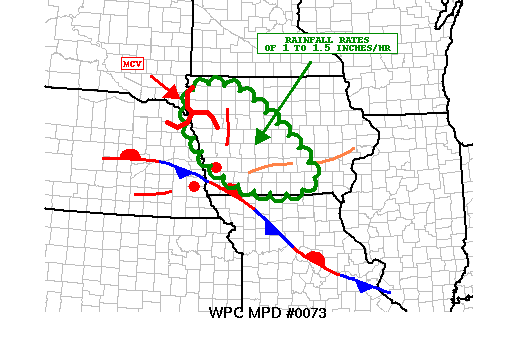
AREAS AFFECTED...NORTHWEST THROUGH SOUTH-CENTRAL IA

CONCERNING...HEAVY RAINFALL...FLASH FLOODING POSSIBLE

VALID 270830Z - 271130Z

SUMMARY...FORWARD PROPAGATING MCS PRODUCING INTENSE SHORT-TERM
RAINFALL RATES OF 1 TO 1.5 INCHES/HR. WILL BE MOVING OVER LOCALLY
SATURATED SOILS...AND SUPPORTING ADDITIONAL SHORT-TERM FLASH FLOOD
CONCERNS.

DISCUSSION...A STRONG MCS MOVING ACROSS FAR ERN NEB AND WRN IA
ATTM WILL CONTINUE TO ADVANCE GENERALLY SEWD OVER THE NEXT 2 TO 3
HOURS...ALTHOUGH THE NEB PORTION WILL BE TENDING TO BOW MORE SSEWD
AND REACHING NERN KS AND NWRN MO OVER THE NEXT HOUR OR SO AS IT
INTERACTS WITH THE LEADING EDGE OF GREATER INSTABILITY OVER THE
CNTRL PLAINS AND THE NOSE OF THE LOW LEVEL JET.  THE NRN PORTION
OF THE LINE TO THE WEST OF DSM IS PRODUCING VERY INTENSE RAINFALL
RATES...ON THE ORDER OF 1 TO 1.5 INCHES/HR...BUT WITH MOST OF THIS
OCCURRING IN ABOUT 15 TO 30 MINUTES. THIS PORTION OF THE MCS IS
ELEVATED...BUT IS BEING SUSTAINED BY MUCAPE VALUES OF 1000 TO 1500
J/KG. OVER THE NEXT FEW HOURS THIS PORTION OF THE LINE WILL BE
ENCOUNTERING GREATER STABILITY AS IT MOVES TWD SERN IA...AND SO
THERE SHOULD BE A WEAKENING TREND NOT LONG AFTER SUNRISE.
NEVERTHELESS...EXPECT THE SHORT-TERM RAINFALL RATES TO BE
SUFFICIENT TO WARRANT SOME ADDITIONAL FLASH FLOOD POTENTIAL AND
ESPECIALLY GIVEN LOCALLY SATURATED SOILS FROM EARLIER RAINFALL.